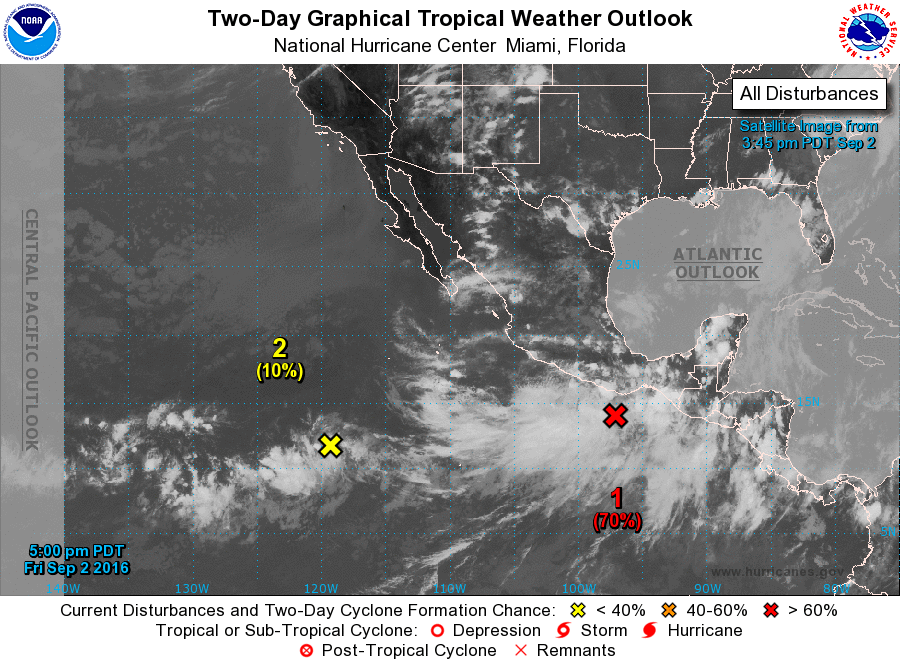
For the eastern North Pacific...east of 140 degrees west longitude:

1. An elongated area of low pressure continues to produce a large area of disorganized showers and thunderstorms that extend several hundred miles off the southern coast of Mexico. Upper-level winds are expected to become more conducive for development, and the disturbance should gradually consolidate during the next couple of days, with a tropical depression likely to form late this weekend or early next week while it moves west-northwestward near the coast of Mexico. Interests along the southern and southwestern coasts of Mexico should monitor the progress of this disturbance. Locally heavy rain, flash floods, and mud slides are likely in these areas through the weekend.
* Formation chance through 48 hours...high...70 percent
* Formation chance through 5 days...high...80 percent

2. A weak area of low pressure located about 1000 miles southwest of the southern tip of the Baja California peninsula is producing a few showers and thunderstorms. Any development of this system should be slow to occur due to strong upper-level winds. This low is expected to drift northward and then begin moving eastward early next week while being pulled into the circulation of the larger tropical disturbance near the coast of Mexico.
* Formation chance through 48 hours...low...10 percent
* Formation chance through 5 days...low...20 percent

Forecaster Berg